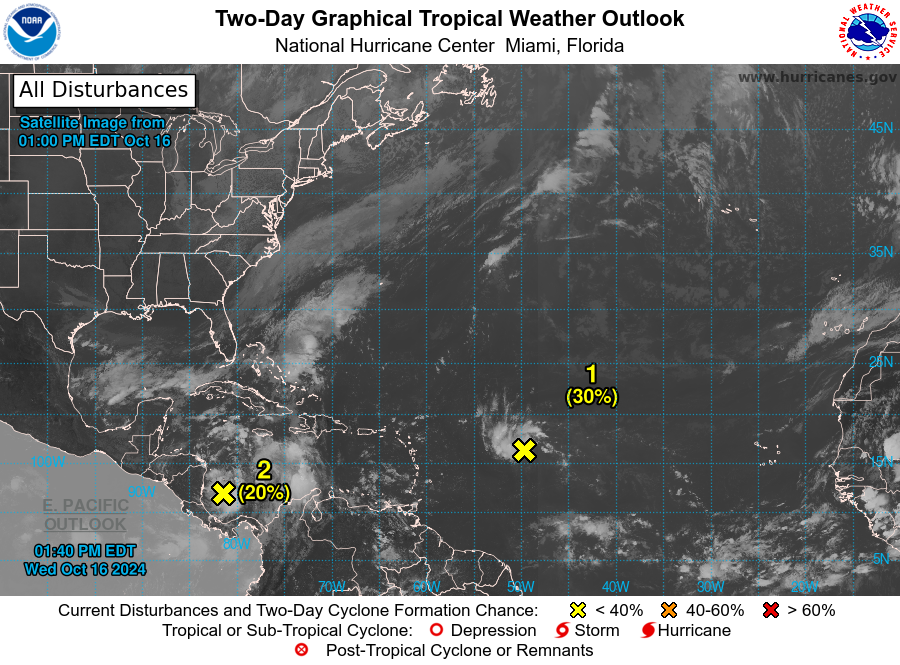
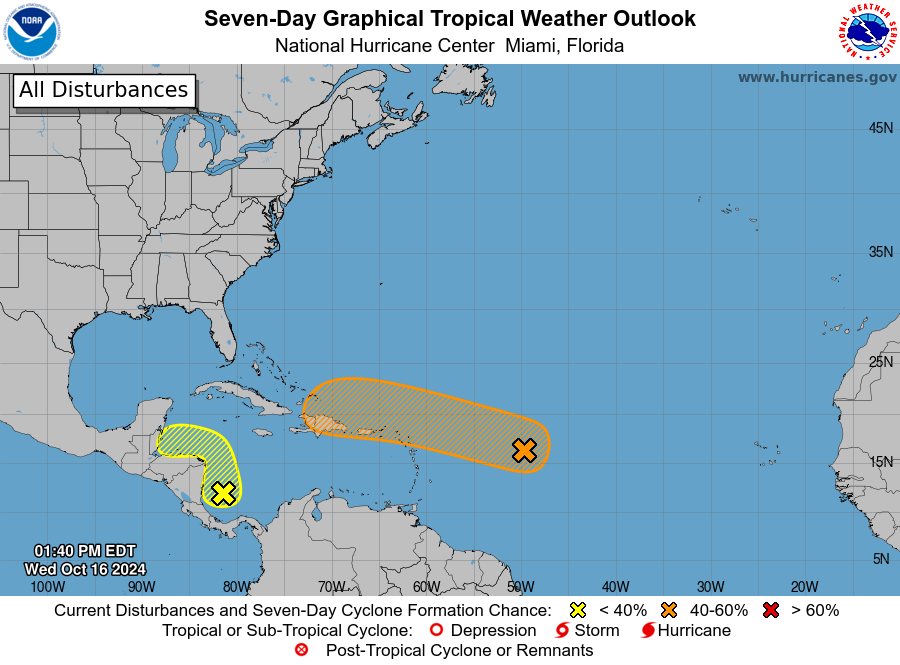
For the North Atlantic...Caribbean Sea and the Gulf of Mexico:

1. East of the Leeward Islands (AL94): Recent satellite surface wind data showed the circulation associated with a disturbance over the tropical Atlantic Ocean has become less defined since yesterday. The trough of low pressure continues to produce disorganized showers and thunderstorms. This system is forecast to move generally westward to west-northwestward, and environmental conditions appear marginally conducive for gradual development during the latter part of this week. A tropical depression could form as the system moves near the Leeward and Virgin Islands late this week.
* Formation chance through 48 hours...low...30 percent.
* Formation chance through 7 days...medium...40 percent.

2. Western Caribbean Sea: Showers and thunderstorms over the southwestern Caribbean Sea are associated with a broad area of low pressure. Some gradual development is possible if the system stays over water while it moves slowly northwestward toward Central America. Regardless of development, locally heavy rainfall is possible across portions of Central America and southern Mexico later this week and into the weekend.
* Formation chance through 48 hours...low...20 percent.
* Formation chance through 7 days...low...20 percent.

Forecaster Bucci/R. Zelinsky